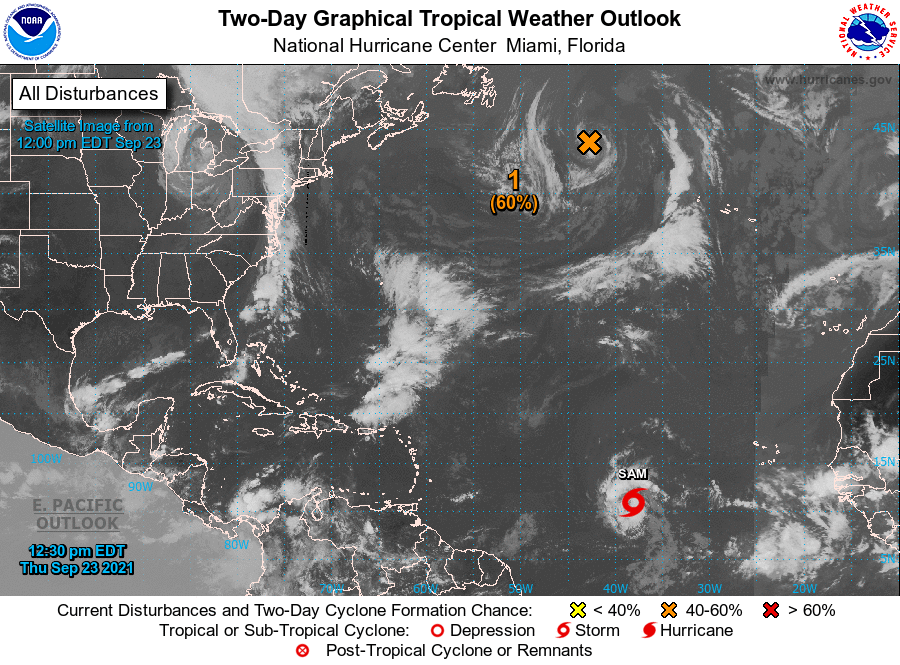
For the North Atlantic...Caribbean Sea and the Gulf of Mexico:

The National Hurricane Center is issuing advisories on Tropical Depression Eighteen, located about 1800 miles east-southeast of the northern Leeward Islands.

The National Hurricane Center has issued the last advisory on Post-Tropical Cyclone Rose, located more than 1300 miles west-northwest of the Cabo Verde Islands.

1. A gale-force, non-tropical low pressure system, the remnants of Odette, is located a little more than 600 miles west-northwest of the westernmost Azores. While showers and thunderstorms remain limited near the low, only a small increase in this activity could result in the formation of a subtropical or tropical cyclone while it moves generally southward over marginally warmer waters during the next day or two. Strong upper-level winds are expected to develop over the system by this weekend, which should then limit further development. Additional information on this system, including gale warnings, can be found in High Seas Forecasts issued by the National Weather Service.
* Formation chance through 48 hours...medium...60 percent.
* Formation chance through 5 days...medium...60 percent.

2. Another tropical wave is expected to move off the west coast of Africa by the end of the weekend. Thereafter, environmental conditions are forecast to be conducive for gradual development of this system as it moves westward at 10 to 15 mph over the far east Atlantic.
* Formation chance through 48 hours...low...near 0 percent.
* Formation chance through 5 days...low...20 percent.

Public Advisories on Tropical Depression Eighteen are issued under WMO header WTNT33 KNHC and under AWIPS header MIATCPAT3. Forecast/Advisories on Tropical Depression Eighteen are issued under WMO header WTNT23 KNHC and under AWIPS header MIATCMAT3.

High Seas Forecasts issued by the National Weather Service can be found under AWIPS header NFDHSFAT1, WMO header FZNT01 KWBC, and online at ocean.weather.gov/shtml/NFDHSFAT1.php

Forecaster Papin